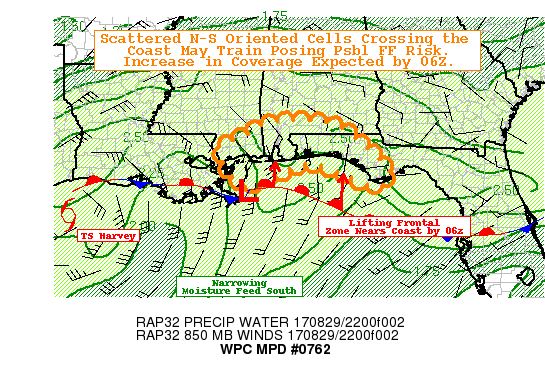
AREAS AFFECTED...COASTAL MS...AL AND WESTERN FL PANHANDLE

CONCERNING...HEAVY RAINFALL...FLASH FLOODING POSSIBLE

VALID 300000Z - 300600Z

SUMMARY...ISOLATED THREAT FOR FLASH FLOODING WITH SLOW SUPERCELLS
MOVING ASHORE WITH INCREASING COVERAGE/THREAT TOWARD 06Z.

DISCUSSION...GOES-16 WV SUITE AND CIRA LAYERED PW LOOP DENOTE
PINCHING OF THE WARM CONVEYOR BELT ACROSS THE CENTRAL GULF
GENERALLY SOUTH OF 28N MAINLY AS THE EASTERLY FLOW AIR ENCROCHES
THROUGH THE SOUTHEASTERN GULF.  LONGER DURATION BLENDED TPW LOOPS
ALSO DENOTE THE NARROWING AND SLOW REDUCTION OF MOISTURE WITHIN
THE BELT DECREASING FROM THE BAY OF CAMPECHE NORTHWARD WITH TIME.
AS SUCH DRY AIR ENTRAINMENT HAS SUPPORTED SLIGHTLY STRONGER
OUTFLOW BOUNDARIES/ROLL CLOUDS ACROSS THE CENTRAL
GULF...PROPAGATING THE LEADING EDGE OF THE DEEPER MOISTURE A BIT
FURTHER EAST AS NOTED BY THE DEEP CONVECTIVE BURST SOUTH OF PANAMA
CITY, FL.  THIS LEADING EDGE IS ALSO INTERACTING WITH DRAPED
FRONTAL BOUNDARY THAT EXTENDS FROM THE CHANDELEUR ISLANDS EASTWARD
TO ABOUT 87W BEFORE ANGLING SE TOWARD TAMPA BAY.

SSWLY SFC TO 7H FLOW IN THE WARM CONVEYOR HAS BEEN ISENTROPICALLY
ASCENDING ACROSS THE FRONT INITIATING CONVECTION...AND GIVEN
PROXIMITY TO THE BOUNDARY SOMETIMES SUPERCELLUAR IN NATURE SLOWING
NORTHWARD PROGRESSION AND INCREASING DURATION OF HIGHLY EFFICIENT
WARM CLOUD RAIN PROCESSES. IT IS WITH THESE BACKBUILDING
SUPERCELLS THAT RAIN RATES OVER 2.5"/HR AND TOTALS OVER 3-5" ARE
POSSIBLE SUCH AS THOSE OVER MOBILE COUNTY AND SOUTHWARD ALONG THE
WESTERN EDGE OF THE WARM CONVEYOR.

GIVEN THE INCREASED BREATH OF THE PLUME FURTHER NORTH ACROSS THE
NORTH CENTRAL GULF (DUE TO FASTER EASTWARD PROPAGATION OF THE
LEADING EDGE)...THE LLJ IS LESS FOCUSED AT THIS TIME (MORE SO
FURTHER EAST INTO FL PANHANDLE) AND CELLS HAVE BEEN MORE SCATTERED
IN NATURE.  HOWEVER ISOLATED LOCATIONS WITH REPEAT
TRACKS/BACKBUILDING OR SLOW SUPERCELLS MAY LEAD TO FLASH FLOODING
THOUGH IS ONLY CONSIDERED POSSIBLE AT THIS TIME GIVEN THE HIGHER
FFG VALUES.

TOWARD 06Z THOUGH THE NORTHWARD ADVANCEMENT OF THE FRONTAL ZONE
COMBINED WITH THE ENHANCED FRICTIONAL SFC CONVERGENCE SHOULD
STRONGLY INCREASE THREAT FOR CONVECTIVE COVERAGE AND STORM
INTENSITY MAINLY FOCUSED IN COASTAL COUNTIES FROM MOBILE BAY TO
CHOCTAWHATCHEE BAY...WITH GREATER RISK FOR FF AFTER 06Z AS
SUGGESTED BY THE RECENT RAP/HRRR AND ESRL HRRRV3. (NOTE ARW MAY BE
ON RIGHT TRACK IN MAGNITUDE/COVERAGE BUT A BIT TOO FAST ADVANCING
THE FRONT NORTH). WILL CONTINUE TO MONITOR FOR ANY NECESSARY
UPDATES.